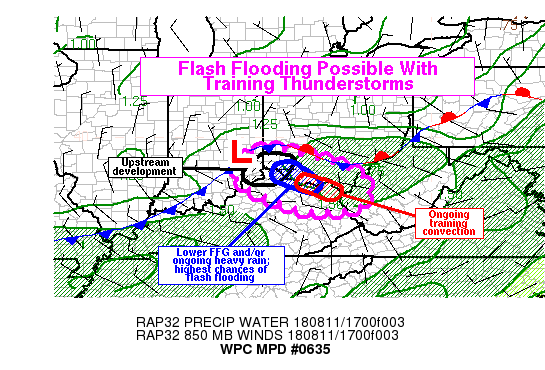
Areas affected...Southern Ohio, Northern Kentucky

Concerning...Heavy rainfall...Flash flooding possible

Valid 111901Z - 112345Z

Summary...Thunderstorms were becoming more numerous along the Ohio
River between Ohio and Kentucky, and may begin to repeatedly
affect the same areas. This could produce flash flooding this
afternoon in parts of southern Ohio and northern Kentucky. Rain
rates may exceed 2 in/hr with the strongest storms.

Discussion...KILN radar showed a large cluster of thunderstorms
had become much more developed between 1730Z and 1900Z along the
Ohio River from near Maysville, KY to near Grayson, KY. This
convective cluster should lead to some training of thunderstorms
over at least the next couple hours, with the potential for flash
flooding. Additional scattered thunderstorms were beginning to
develop further northwest, closer to the Cincinnati metro area and
a surface low in southeast Indiana. If convective development
continues and focuses into the OH-KY border region, that may
exacerbate ongoing training trends and heighten the potential for
localized heavy rainfall.

Precipitable water values are above normal but not very anomalous,
around 1.5 to 1.6 inches per RAP analysis and CIRA blended PW
product. However, they are sufficiently high to support heavy rain
rates approaching (or briefly exceeding) 2 in/hr. The most
favorable ingredient for flash flooding is the potential for
training convection, and lengthening the duration of heavy rain at
a given location. As a shortwave trough begins to kick through the
area, mid-upper level winds will continue to veer, and the deep
layer mean wind should become increasingly aligned with the
current orientation of convection (roughly parallel with the Ohio
River). The highest chances of flash flooding appear to be in the
counties closest to the Ohio River on the OH-KY border, where FFG
also happens to be most reduced, particularly in Clermont and
Brown Counties in Ohio, and Pendleton, Bracken and Mason Counties
in Kentucky.